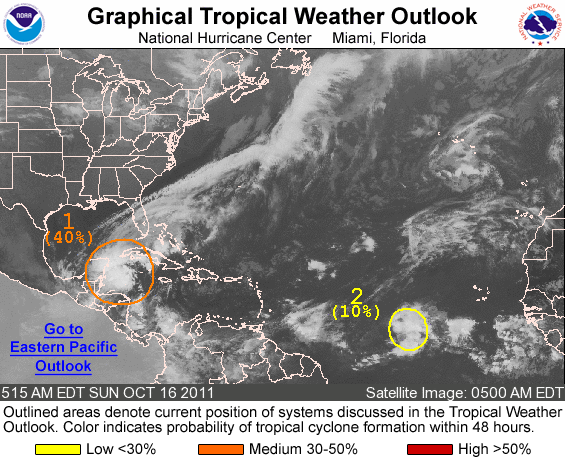
FOR THE NORTH ATLANTIC...CARIBBEAN SEA AND THE GULF OF MEXICO...

1. A LARGE LOW PRESSURE SYSTEM...CENTERED ALONG THE COAST OF THE EASTERN YUCATAN PENINSULA ABOUT 60 MILES NORTH-NORTHEAST OF CHETUMAL MEXICO...IS GRADUALLY BECOMING BETTER DEFINED. THUNDERSTORM ACTIVITY HAS INCREASED AND BECOME MORE CONCENTRATED NEAR THE SURFACE CENTER DURING THE PAST SEVERAL HOURS...AND SATELLITE AND SURFACE OBSERVATIONS INDICATE WINDS NEAR TROPICAL STORM STRENGTH ARE OCCURRING NORTHEAST OF THE CENTER IN THE YUCATAN CHANNEL. ALTHOUGH A PORTION OF THIS DISTURBANCE IS OVER LAND...SOME GRADUAL DEVELOPMENT OF THE LOW IS STILL POSSIBLE. THIS SYSTEM HAS A MEDIUM CHANCE...40 PERCENT...OF BECOMING A TROPICAL CYCLONE DURING THE NEXT 48 HOURS AS IT MOVES SLOWLY NORTHWESTWARD. REGARDLESS OF DEVELOPMENT...THIS DISTURBANCE IS EXPECTED TO PRODUCE LOCALLY HEAVY RAINFALL OVER THE YUCATAN PENINSULA...GUATEMALA...HONDURAS... BELIZE...CUBA...JAMAICA...AND THE CAYMAN ISLANDS DURING THE NEXT COUPLE OF DAYS. IN ADDITION...STRONG GUSTY WINDS TO TROPICAL STORM FORCE WILL BE POSSIBLE OVER THE WATERS OF THE NORTHWESTERN CARIBBEAN SEA AND THE SOUTHERN GULF OF MEXICO OVER THE NEXT COUPLE OF DAYS.

2. THUNDERSTORM ACTIVITY HAS CHANGED LITTLE IN ASSOCIATION WITH AN AREA OF LOW PRESSURE LOCATED ABOUT 1100 MILES WEST-SOUTHWEST OF THE CAPE VERDE ISLANDS. HOWEVER...ANY DEVELOPMENT OF THIS DISTURBANCE SHOULD BE SLOW TO OCCUR DUE TO UPPER-LEVEL WINDS GRADUALLY BECOMING LESS FAVORABLE. THIS SYSTEM HAS A LOW CHANCE...10 PERCENT...OF BECOMING A TROPICAL CYCLONE DURING THE NEXT 48 HOURS AS IT MOVES WESTWARD AT ABOUT 15 MPH.

ELSEWHERE...TROPICAL CYCLONE FORMATION IS NOT EXPECTED DURING THE NEXT 48 HOURS.

FORECASTER STEWART